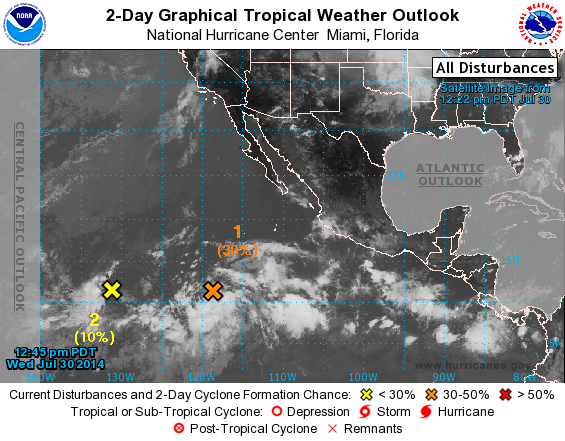
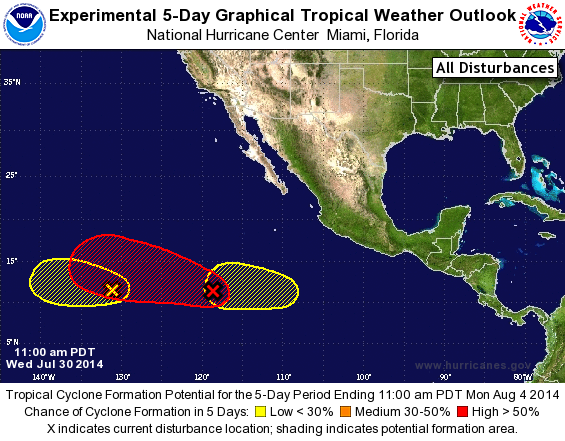
For the eastern North Pacific...east of 140 degrees west longitude:

1. A broad area of low pressure located about 1000 miles south-southwest of the southern tip of the Baja California peninsula continues to produce showers and thunderstorms. Although the disturbance is currently disorganized, environmental conditions should support the gradual development of this system during the next several days while it moves west-northwestward at 10 to 15 mph.
* Formation chance through 48 hours...medium...30 percent.
* Formation chance through 5 days...high...80 percent.

2. Disorganized cloudiness and showers are associated with an area of low pressure located about 1600 miles southwest of the southern tip of the Baja California peninsula. Some development of this system is possible during the next several days before environmental conditions become less conducive this weekend.
* Formation chance through 48 hours...low...10 percent.
* Formation chance through 5 days...low...20 percent.

3. An area of low pressure is forecast to form well southwest of the southern coast of Mexico in a few days. Some gradual development of this system is possible after that time.
* Formation chance through 48 hours...low...near 0 percent.
* Formation chance through 5 days...low...20 percent.

Forecaster Zelinsky/Pasch